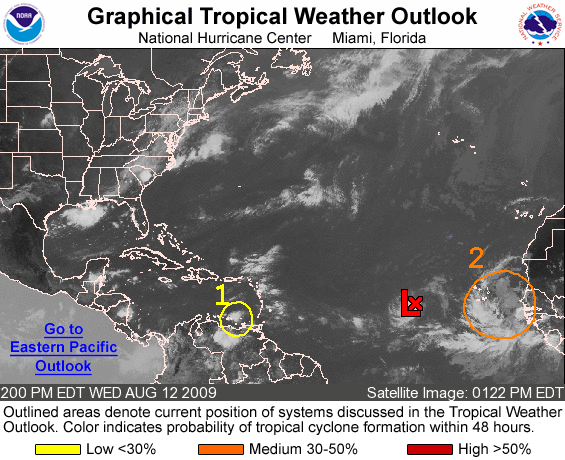
FOR THE NORTH ATLANTIC...CARIBBEAN SEA AND THE GULF OF MEXICO...

THE NATIONAL HURRICANE CENTER IS ISSUING ADVISORIES ON TROPICAL DEPRESSION TWO...LOCATED ABOUT 630 MILES WEST OF THE SOUTHERNMOST CAPE VERDE ISLANDS.

1. THE SMALL LOW OVER THE SOUTHEASTERN CARIBBEAN SEA HAS WEAKENED AND DEVELOPMENT OF THIS SYSTEM IS NOT EXPECTED. THERE IS A LOW CHANCE...LESS THAN 30 PERCENT...OF IT BECOMING A TROPICAL CYCLONE DURING THE NEXT 48 HOURS.

2. A LARGE AREA OF SHOWERS AND THUNDERSTORMS BETWEEN THE CAPE VERDE ISLANDS AND AFRICA IS ASSOCIATED WITH A VIGOROUS TROPICAL WAVE. SLOW DEVELOPMENT OF THIS SYSTEM IS POSSIBLE OVER THE NEXT FEW DAYS AS IT MOVES TO THE WEST AT 10 TO 15 MPH. THERE IS A MEDIUM CHANCE...30 TO 50 PERCENT...OF THIS SYSTEM BECOMING A TROPICAL CYCLONE DURING THE NEXT 48 HOURS.

ELSEWHERE...TROPICAL CYCLONE FORMATION IS NOT EXPECTED DURING THE NEXT 48 HOURS.

FORECASTER BEVEN